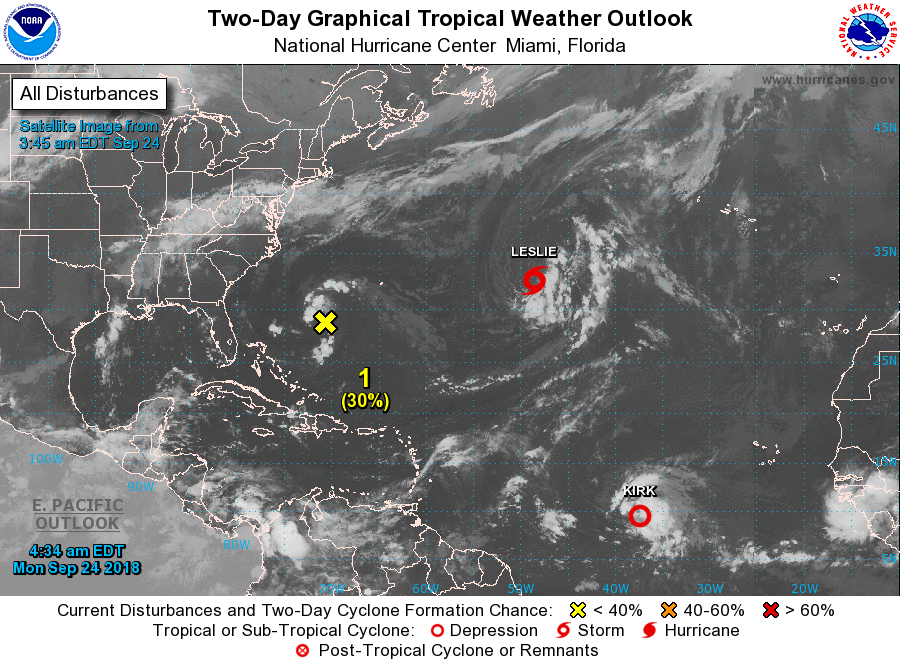
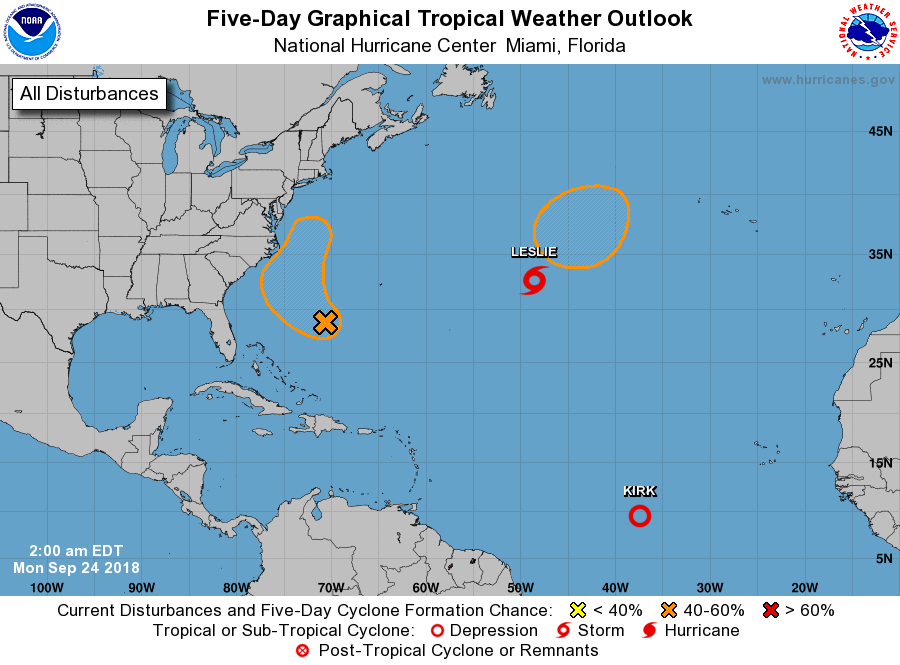
For the North Atlantic...Caribbean Sea and the Gulf of Mexico:

The National Hurricane Center is issuing advisories on recently downgraded Tropical Depression Kirk, located several hundred miles west-southwest of the Cabo Verde Islands, and on Subtropical Storm Leslie located more than 1000 miles west of the Azores.

1. A broad area of low pressure located about midway between Bermuda and the Bahamas continues to produce a limited amount of shower and thunderstorm activity. Environmental conditions are forecast to become slightly more conducive for development during the next couple of days while the system moves west-northwestward to northwestward. By Tuesday night and Wednesday, upper-level winds are expected to increase, limiting the chances for additional development, while the system moves northward near the southeastern United States coast.
* Formation chance through 48 hours...low...30 percent.
* Formation chance through 5 days...medium...40 percent.

2. A non-tropical low pressure system is expected to form north of Subtropical Storm Leslie along a cold front over the central Atlantic by Wednesday. Leslie and the non-tropical low are expected to merge over the central Atlantic, where conditions appear conducive for the low to acquire tropical or subtropical characteristics by the end of the week.
* Formation chance through 48 hours...low...near 0 percent.
* Formation chance through 5 days...medium...50 percent.

Public Advisories on Leslie are issued under WMO header WTNT33 KNHC and under AWIPS header MIATCPAT3. Forecast/Advisories on Leslie are issued under WMO header WTNT23 KNHC and under AWIPS header MIATCMAT3.

Forecaster Cangialosi